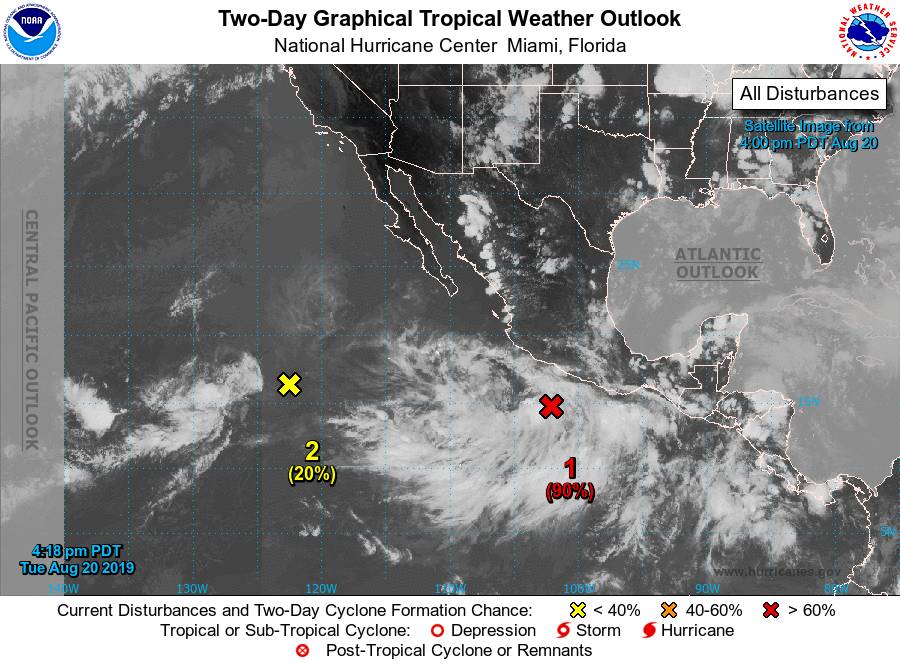
For the eastern North Pacific...east of 140 degrees west longitude:

1. Showers and thunderstorms associated with a large low pressure system located a couple of hundred miles south of the southern coast of Mexico are beginning to show some signs of organization. Environmental conditions are conducive for additional development, and a tropical depression is likely to form during the next day or so while the system moves west-northwestward at 10 to 15 mph, parallel to and just offshore of the coast of Mexico. This system could produce locally heavy rainfall along portions of the coast of southern Mexico during the next day or two.
* Formation chance through 48 hours...high...90 percent.
* Formation chance through 5 days...high...90 percent.

2. Another low pressure system located more than 900 miles west- southwest of the southern tip of the Baja California peninsula is producing limited shower and thunderstorms activity. Conditions have become less conducive for development and the chance of this system becoming a tropical cyclone is decreasing. The system is forecast to move little during the next couple of days.
* Formation chance through 48 hours...low...20 percent.
* Formation chance through 5 days...medium...40 percent.

Forecaster Brown